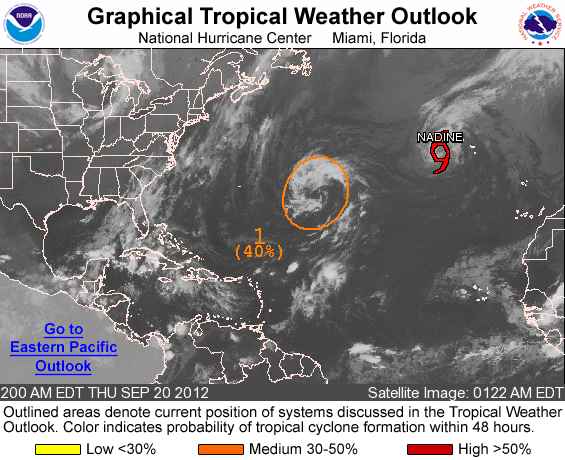
FOR THE NORTH ATLANTIC...CARIBBEAN SEA AND THE GULF OF MEXICO...

THE NATIONAL HURRICANE CENTER IS ISSUING ADVISORIES ON TROPICAL STORM NADINE...LOCATED ABOUT 160 MILES SOUTH OF THE ISLAND OF FLORES IN THE AZORES.

1. A NON-TROPICAL LOW CENTERED ABOUT 750 MILES EAST OF BERMUDA IS PRODUCING CLOUDINESS...SHOWERS AND STRONG GUSTY WINDS MAINLY TO THE NORTH OF THE CENTER. ENVIRONMENTAL CONDITIONS ARE FAVORABLE FOR GRADUAL DEVELOPMENT AS THE LOW MOVES WESTWARD TO WEST-NORTHWESTWARD AT ABOUT 10 MPH. THIS SYSTEM HAS A MEDIUM CHANCE...40 PERCENT...OF BECOMING A SUBTROPICAL CYCLONE DURING THE NEXT 48 HOURS.

ELSEWHERE...TROPICAL CYCLONE FORMATION IS NOT EXPECTED DURING THE NEXT 48 HOURS.

FORECASTER AVILA